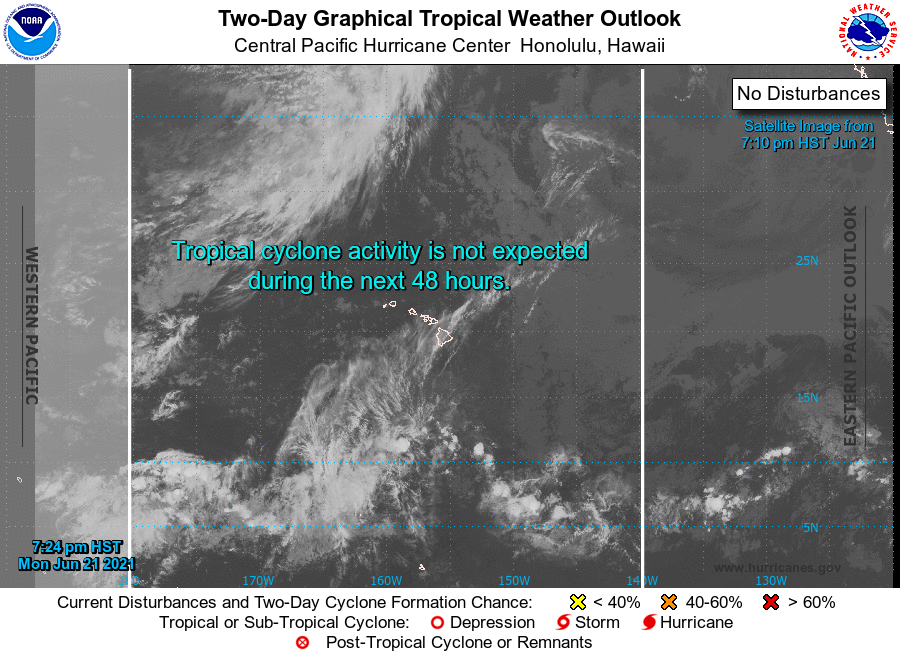
For the central North Pacific...between 140W and 180W:

Tropical cyclone formation is not expected during the next 5 days.

Forecaster Donaldson